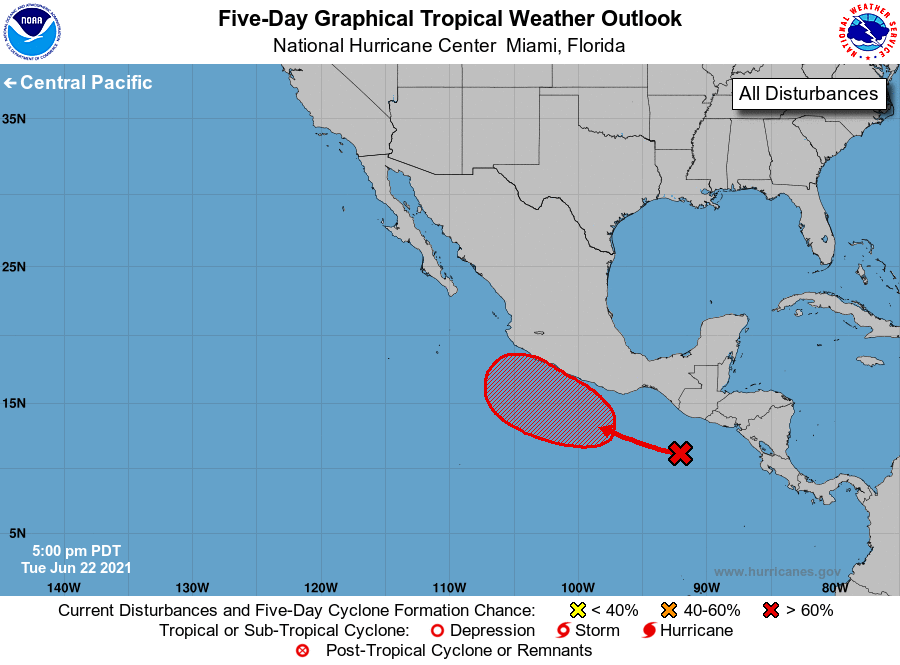
For the eastern North Pacific...east of 140 degrees west longitude:

1. A tropical wave is producing disorganized showers and thunderstorms extending several hundred miles south of the coasts of Guatemala, El Salvador, and southern Mexico. Environmental conditions appear conducive for development of this system, and a tropical depression is expected to form late this week or this weekend while moving west-northwestward at about 10 mph. This system is expected to be near the coast of southern or southwestern Mexico by this weekend, and interests in those areas should monitor its progress.
* Formation chance through 48 hours...medium...40 percent.
* Formation chance through 5 days...high...90 percent.

Forecaster Berg